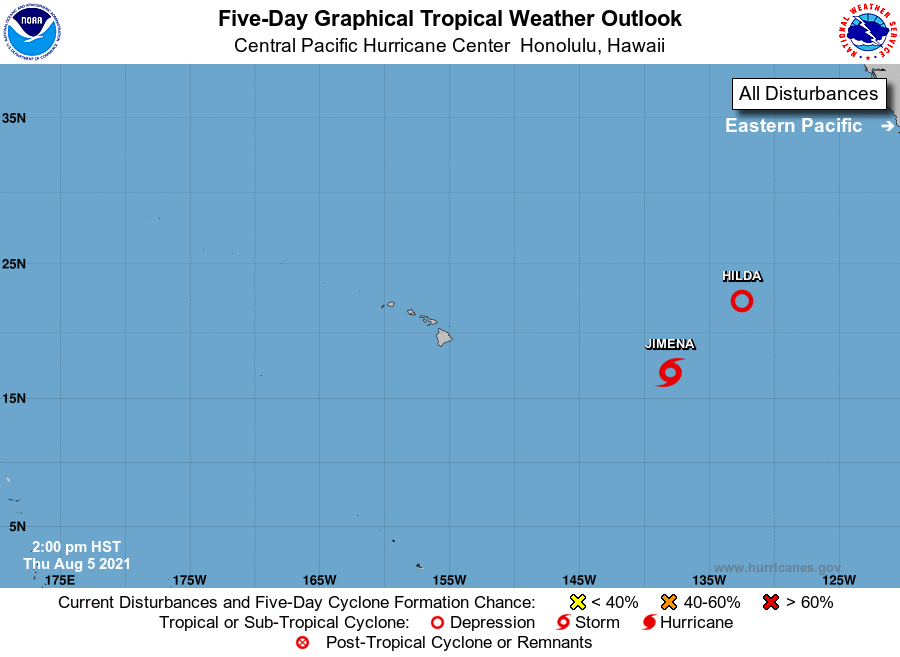
For the central North Pacific...between 140W and 180W:

The National Hurricane Center in Miami, Florida is issuing advisories for Tropical Storm Jimena, which is currently around 1200 miles east-southeast of Hilo, Hawaii. Based on the latest forecast, Jimena may reach the Central Pacific Hurricane Center's area of responsibility on Friday. Note that environmental conditions are expected to become increasingly hostile around the time Jimena crosses 140W.

Elsewhere, no tropical cyclones are expected during the next 5 days.

Public advisories on Tropical Storm Jimena are issued under WMO header WTPZ34 KNHC and AWIPS header MIATCPEP4. Forecast advisories on Tropical Storm Jimena are issued under WMO header WTPZ24 KNHC and AWIPS header MIATCMEP4.

Forecaster TS